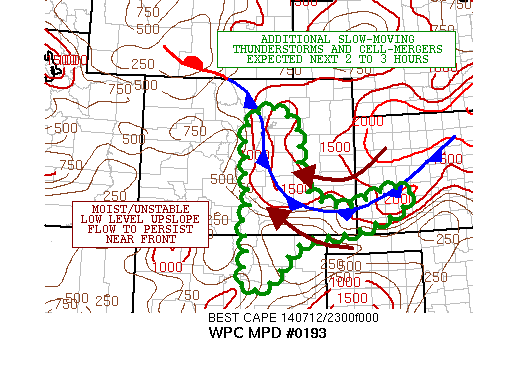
AREAS AFFECTED...CENTRAL AND SOUTHERN CO...NORTHERN NM...SOUTHWEST
KS

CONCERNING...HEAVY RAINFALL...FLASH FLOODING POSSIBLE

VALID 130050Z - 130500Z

SUMMARY...ADDITIONAL CLUSTERS OF HEAVY SHOWERS AND THUNDERSTORMS
ARE EXPECTED THROUGH LATE EVENING. THE THREAT FOR FLASH FLOODING
CONTINUES.

DISCUSSION...THE LATEST IR SAT IMAGERY SHOWS NUMEROUS SLOW-MOVING
CONVECTIVE CLUSTERS WITH VERY COLD CLOUD TOPS FROM NEAR THE FRONT
RANGE SOUTHWARD DOWN ACROSS THE PALMER DIVIDE AND INTO SOME
PORTIONS OF THE SANGRE DE CRISTO MTNS. THE CONVECTION CONTINUES TO
BE AIDED BY A SLOW-MOVING COLD FRONT...WITH CONFLUENT LOW LEVEL
INVOF THE FRONT AND ORIENTED NEARLY PERPENDICULAR TO THE ERN
SLOPES OF THE SANGRE DE CRISTO MTNS AND ADJACENT HIGH PLAINS. IN
FACT...RADAR IMAGERY SHOWS CONVECTION INCREASING IN COVERAGE
FARTHER EAST ALONG THE COLD FRONT INTO THE SERN CO/SWRN KS HIGH
PLAINS.

MAX DIURNAL HEATING HAS BEEN ATTAINED ACROSS THE REGION...BUT THE
PERSISTENCE OF MOIST/UNSTABLE FLOW INTO THE HIGHER TERRAIN WILL
FOSTER ADDITIONAL CLUSTERS OF SLOW-MOVING CONVECTIVE CELLS.
ADDITIONAL CELL-MERGERS AND BACK-BUILDING CELLS CAN BE EXPECTED
OVER THE NEXT FEW HOURS...BEFORE ACTIVITY THEN GRADUALLY BEGINS TO
WANE DUE TO INCREASING LOW LVL CINH.

THE 18Z NAM-CONEST...12Z ARW AND 12Z NMMB GENERALLY MAINTAIN THE
CONVECTIVE THREAT THROUGH 06Z...BUT THE STRONGEST AND MOST
ORGANIZED ACTIVITY SHOULD HAVE OCCURRED BY THEN WITH A WEAKENING
TREND NOTED.

NEVERTHELESS...ADDITIONAL FLASH FLOODING WILL BE POSSIBLE THROUGH
LATE EVENING GIVEN INTENSE RAINFALL RATES OVER 1 INCH/HR AND THE
REPEATING NATURE OF THE CONVECTION...AND ESP OVER AREAS OF HIGHER
TERRAIN.